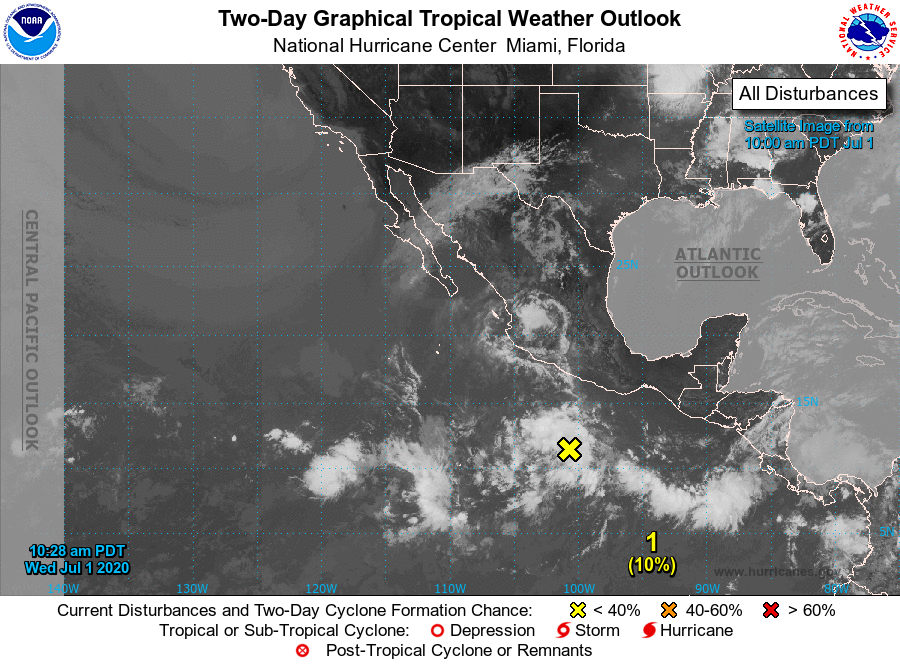
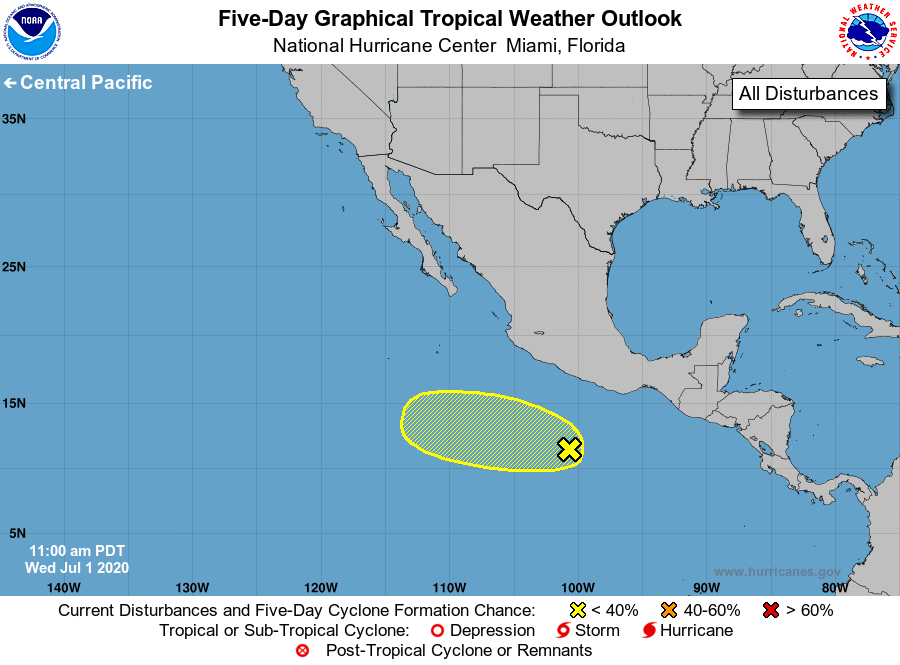
For the eastern North Pacific...east of 140 degrees west longitude:

1. Showers and thunderstorms associated with a broad area of low pressure, located a few hundred miles south-southwest of the southern coast of Mexico, have become a little better organized this morning. Some further development of the system is possible over the next several days while it moves west-northwestward at around 10 mph well south of Mexico.
* Formation chance through 48 hours...low...10 percent.
* Formation chance through 5 days...low...30 percent.

Forecaster Roberts